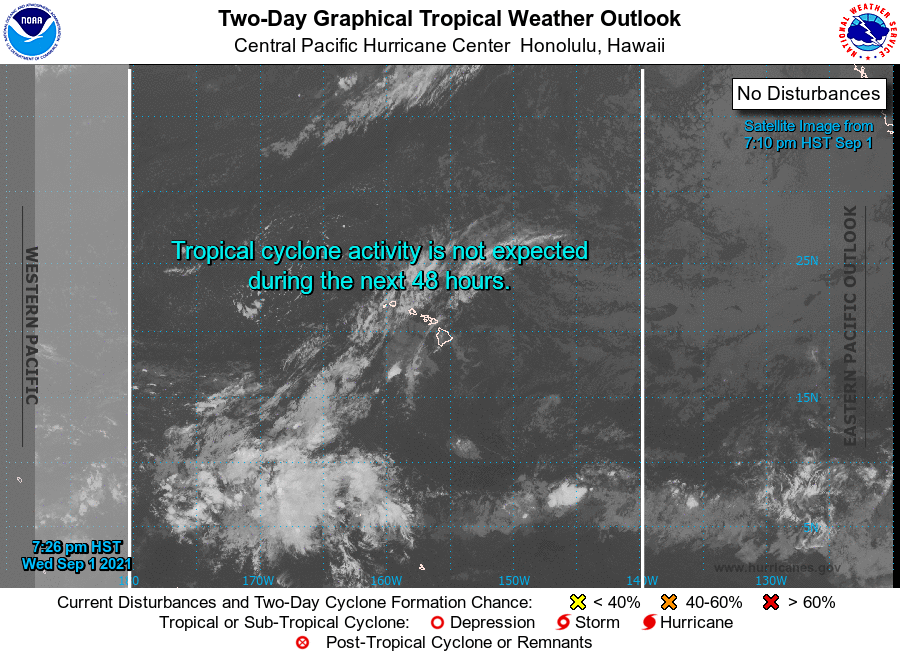
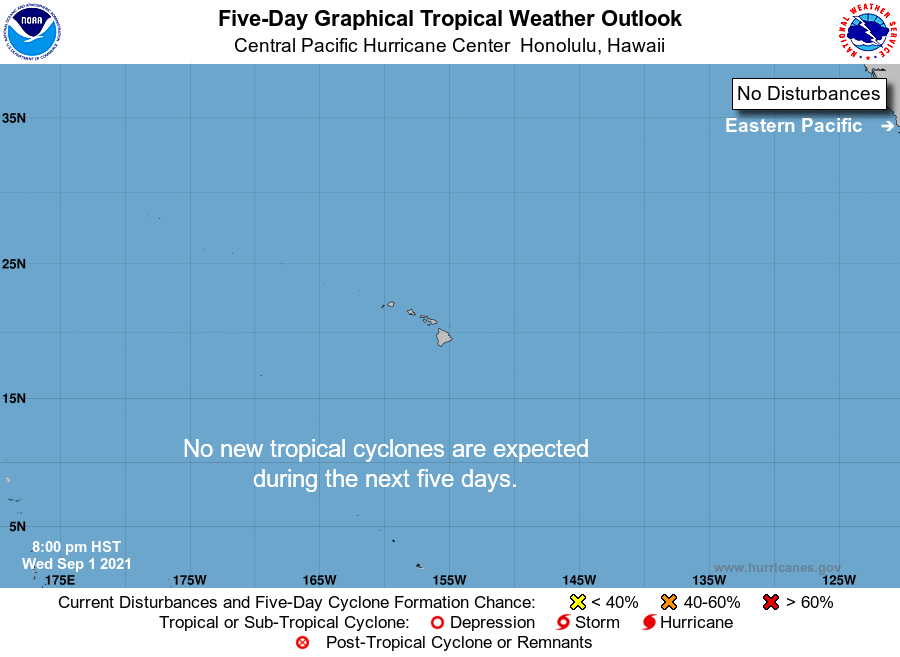
For the central North Pacific...between 140W and 180W:

No tropical cyclones are expected during the next 5 days.

Forecaster Blood